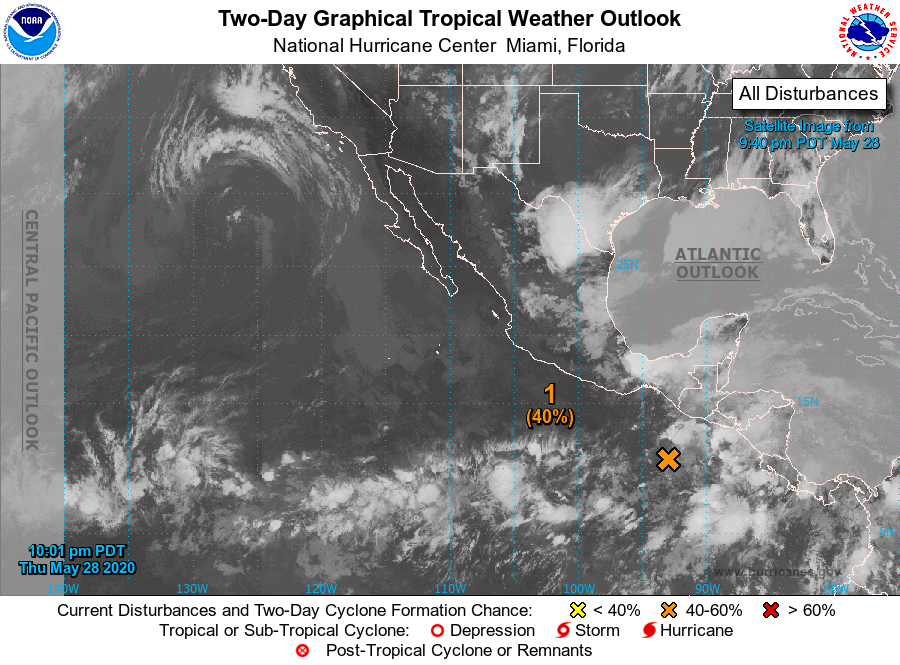
For the eastern North Pacific...east of 140 degrees west longitude:

1. A trough of low pressure located a couple of hundred miles south of the coasts of Central America and southern Mexico continues to produce disorganized showers and thunderstorms. Although this system is still poorly organized, environmental conditions appear conducive for gradual development and a tropical depression could form this weekend. This disturbance is expected to move slowly northward toward Central America and southern Mexico during the next few days.

Regardless of development, this system is expected to produce heavy rainfall over portions of Central America and southern Mexico this weekend and early next week. These rains could cause life-threatening flash floods and mudslides, especially in areas of mountainous terrain. See products from your local weather office for additional information.
* Formation chance through 48 hours...medium...40 percent.
* Formation chance through 5 days...high...70 percent.

Forecaster Cangialosi